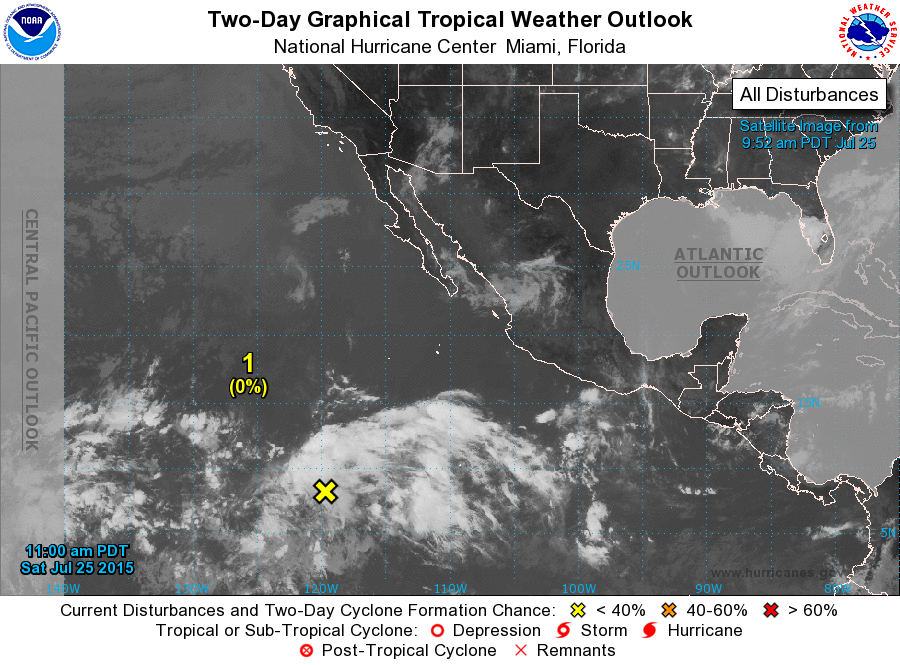
For the eastern North Pacific...east of 140 degrees west longitude:

1. An extensive area of showers and thunderstorms well southwest of the southern tip of the Baja California peninsula is associated with an area of low pressure along a tropical wave. Environmental conditions are conducive for development, and a tropical depression is likely to form by the middle of next week while the low moves westward to west-northwestward at around 15 mph.
* Formation chance through 48 hours...low...near 0 percent
* Formation chance through 5 days...high...70 percent

2. Another area of low pressure could form early next week well to the south-southwest or southwest of the southern tip of the Baja California peninsula. Environmental conditions are expected to be conducive for slow development of this system.
* Formation chance through 48 hours...low...near 0 percent
* Formation chance through 5 days...low...30 percent

Forecaster Kimberlain